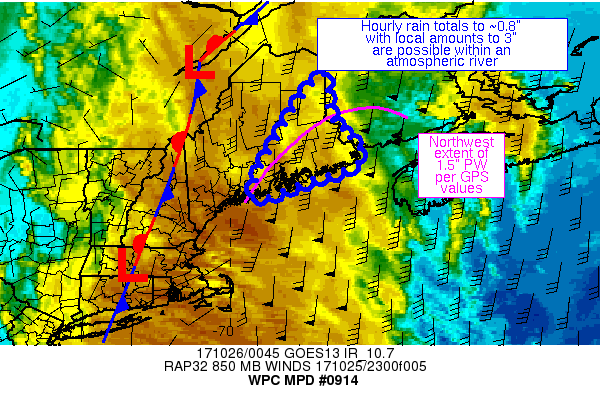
AREAS AFFECTED...DOWNEAST ME & VICINITY

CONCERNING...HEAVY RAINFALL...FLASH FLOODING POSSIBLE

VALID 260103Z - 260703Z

SUMMARY...SHOWERS AND BECOMING MORE PERSISTENT IN A
QUASI-STATIONARY BAND ACROSS DOWNEAST ME.  HOURLY RAIN TOTALS TO
~0.8" WITH LOCAL AMOUNTS TO 3" ARE POSSIBLE WHICH COULD LEAD TO
ISSUES IN AREAS OF POOR DRAINAGE.

DISCUSSION...AN AREA OF COOLING CLOUD TOPS HAS BEEN SEEN AS OF
LATE ON GOES-13 INFRARED IMAGERY WITHIN AN ATMOSPHERIC RIVER/AREA
OF SIGNIFICANT INTEGRATED VAPOR TRANSPORT WHICH CONTAINS A
STANDARDIZED ANOMALY OF 2-3 SIGMAS ABOVE AVERAGE FOR LATE OCTOBER.
THIS MOISTURE IS BEING DIRECTED FROM A TROPICAL DISTURBANCE ACROSS
CENTRAL AMERICA UP INTO NEW ENGLAND EAST OF A SHARP UPPER TROUGH
AND AHEAD OF THE POLAR FRONT.  THE EASTERN OF THE THREE FOCI OF
SHOWERS WHICH HAS BEEN THE MOST PRODUCTIVE IS WITHIN THE PLUME OF
DEEPEST MOISTURE, WITH PRECIPITABLE WATER VALUES ~1.75" PER GPS
DATA.  SHOWERS HAVE BECOME MORE PERSISTENT HERE OVER THE PAST
COUPLE HOURS, WITH RADAR ESTIMATES OCCASIONALLY REACHING 0.50" AN
HOUR.  INFLOW AT 850 HPA IS 35 KTS OUT OF THE SOUTH-SOUTHWEST.
EFFECTIVE BULK SHEAR IS ~25 KTS.  MU CAPE VALUES ARE ROUGHLY 200
J/KG PER SPC MESOANALYSES.

A PORTION OF THE UPPER TROUGH NEAR THE SOUTHEAST COAST IS TAKING
ON A NEGATIVE TILT WHICH COULD LEAD TO SOME BACKING/ WESTWARD
DRIFT OF THE OVERALL PLUME ACROSS ME IN THE NEXT SEVERAL HOURS.
THE ECMWF GUIDANCE SHOWS SOME INCREASE TO THE MU CAPE VALUES IN
THIS AREA OVER THE NEXT SEVERAL HOURS BY ~100 J/KG.  THE EXPECTED
GROWTH OF INSTABILITY COMBINED WITH THE AVAILABLE MOISTURE AND
SATURATED ATMOSPHERE COULD SUPPORT HOURLY RAIN TOTALS OF ~0.8" BY
06Z.  THE GUIDANCE SHOWS AN INCREASING TREND IN PRECIPITATION
AMOUNTS OVER THIS TIME, ADVERTISING LOCAL AMOUNTS IN THE 2-3"
RANGE BY 07Z.  CONSIDERING RECENT RAINFALL OF ~1" AND FALLING
LEAVES ACROSS THE NORTHEAST POTENTIALLY CLOGGING DRAINAGE IN THE
REGION, HEAVY RAIN RELATED ISSUES ARE EXPECTED TO INCREASE OVER
THE NEXT SIX HOURS.